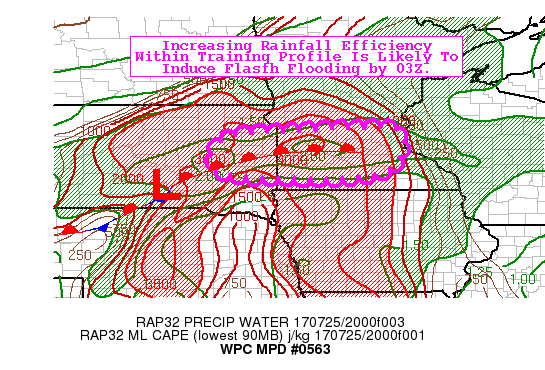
AREAS AFFECTED...EASTERN SD...SOUTNERN MN

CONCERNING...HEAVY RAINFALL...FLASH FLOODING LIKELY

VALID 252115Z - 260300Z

SUMMARY...INCREASING MOISTURE FLUX AND RAINFALL EFFICIENCY ALONG
WITH TRAINING CORRIDOR ALONG FRONTAL BOUNDARY SUGGEST FLASH
FLOODING POSSIBLE THROUGH LATE EVENING.

DISCUSSION...20Z SFC ANALYSIS DEPICTS AN ELONGATED SURFACE TROF
WITH WEAK INFLECTION NEAR LYMAN COUNTY, SD WITH A WARM FRONT
EXTENDING EASTWARD ACROSS SOUTHERN MN TOWARD THE TWIN CITIES.
THIS BOUNDARY IS FAIRLY DEEP AS WELL EXTENDING UP THROUGH AT LEAST
850MB WITH CONFLUENT 7H FLOW.  ABOVE THAT THE FLOW BECOMES
INCREASINGLY UNIDIRECTIONAL OUT OF THE DUE WEST SUPPORTING A W-E
CORRIDOR FOR TRAINING GENERALLY PARALLEL TO THE FRONTAL BOUNDARY.

CURRENTLY CONVECTION HAS BROKEN OUT JUST NORTH OF THE SFC FRONTAL
BOUNDARY WITH MORE OF A SEVERE SIGNATURE (PLEASE REFER TO SPC MCD
1420 AND 1421 FOR FURTHER DETAILS).  STILL GIVEN THE ACTIVITY
CONVECTION SHOULD ACT TO MOISTEN THE LOWER TO MID-LEVEL PROFILE
EVEN THOUGH SFC TDS ARE IN THE UPPER 60S TO EVEN MID 70S IN SW MN.
THIS CONCURRENT WITH BROAD 20-25KT SOUTHERLY 850MB FLOW ACROSS NEB
INTO SE SD...RAP FORECASTS SUGGEST RAPID INCREASE OF TOTAL PWS
FROM 1.75" ALONG THE BOUNDARY CURRENTLY OVER 2 TO EVEN 2.25"
FAIRLY QUICKLY.  AS SUCH RAIN RATES WILL INCREASE AS WELL WITH
1.5"/HR CURRENTLY SHIFTING TOWARD 2"/HR.  ONLY POTENTIAL NEGATIVE
FACTOR CURRENTLY IS OUTFLOW BOUNDARIES MAY DISRUPT BEST TRAINING
IN THE NEAR TERM BEFORE BECOMING BETTER ORGANIZED TOWARD 23-00Z.

HI-RES GUIDANCE SHOWS FAIRLY GOOD AGREEMENT IN THE OVERALL
EVOLUTION AND TRACK ALONG THE FRONTAL BOUNDARY BUT WAS POOR WITH
TIMING OF INITIALIZATION (2+ HOURS SLOW) BUT STILL SUGGEST TOTALS
OF 2-3" FROM E SD ACROSS S MN WITH POTENTIAL OF POCKETS AS HIGH AS
5". GIVEN INCREASED DURATION THESE TOTAL MAY EVEN A BIT UNDERDONE.
 THIS LINE OF CONVECTION IS ALSO FAIRLY WELL ALIGNED WITH A SWATH
OF WETTED SOILS RECENTLY WITH AHPS 7 DAYS PERCENT OF NORMAL OVER
300% FROM HURON, SD TO AROUND THE CONFLUENCE OF THE
COTTONWOOD/MINNESOTA RIVER IN SW MN...INCREASING THE LIKELIHOOD OF
FLOODING CONCERNS HERE AS WELL.  ALL ELEMENTS CONSIDERED....A FEW
AREAS OF FLASH FLOODING IS CONSIDERED LIKELY THROUGH 03Z.